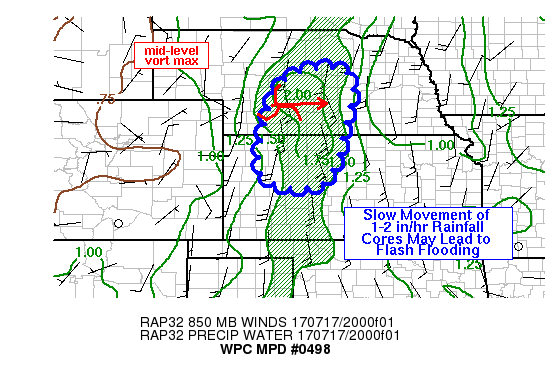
AREAS AFFECTED...S-CNTRL NE INTO NRN/NWRN KS

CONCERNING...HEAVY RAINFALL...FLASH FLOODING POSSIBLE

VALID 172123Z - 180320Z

SUMMARY...TRAINING OF SHOWERS AND THUNDERSTORMS IS EXPECTED TO
LEAD TO AN ELEVATED FLASH FLOOD THREAT FROM S-CNTRL NE INTO
NRN/NWRN KS THROUGH 03Z. RAINFALL RATES OF 1-2 IN/HR ARE LIKELY.

DISCUSSION...OVER THE PAST FEW HOURS...EXPERIMENTAL GOES 16 6.9
MICRON MOISTURE CHANNEL SHOWED A MID-LEVEL VORTICITY MAX SLOWLY
MOVING EAST ACROSS SWRN NEBRASKA. KUEX REFLECTIVITY SHOWED
THUNDERSTORMS HAVE BEEN INCREASING IN COVERAGE AND INTENSITY WITH
RADAR ESTIMATED RAIN RATES BETWEEN 1-2 IN/HR OVER DAWSON COUNTY.
MOVEMENT OF RAINFALL CORES HAS GENERALLY BEEN 10-20 KT TO THE
NORTH. GOES 16 EXPERIMENTAL TOTAL PRECIPITABLE WATER IMAGERY ALSO
INDICATED A NARROW SWATH OF HIGHER MOISTURE...1.6-1.8 INCHES
EXTENDING FROM SOUTH TO NORTH THROUGH WRN KS INTO THE ONGOING
CLUSTER OF THUNDERSTORMS...WHICH WAS IN LINE WITH RAP ANALYSES.
RAP ANALYSES ALSO AGREED WITH AREA VAD WIND PLOTS SHOWING SLIGHTLY
STRONGER SLY 850 MB FLOW...20-25 KT...WITHIN THIS NARROW MOISTURE
AXIS. THIS GIVES CONFIDENCE IN RECENT HRRR FORECASTS SHOWING HEAVY
RAINFALL POTENTIAL THIS EVENING.

SLOW MOVEMENT OF THE MID-LEVEL VORTICITY CENTER TO THE EAST IS
EXPECTED THROUGH 03Z WITH AN INCREASE IN 850 MB WINDS TO ABOUT 40
KT BY 03Z. THE INCREASING LOW LEVEL MOISTURE TRANSPORT INTO THE
SLOW MOVING CLUSTER OF CONVECTION IS EXPECTED TO ALLOW AN
INCREASING THREAT FOR TRAINING AND BACK BUILDING OF STORMS TOWARD
THE SOUTH THROUGH THE REMAINDER OF THE EVENING INTO THE EARLY
OVERNIGHT HOURS. A HEALTHY FIELD OF TCU IS ALREADY PRESENT OVER
PORTIONS OF N-CNTRL TO NWRN KS WHICH MAY BE A PRECURSOR TO
SUBSEQUENT CONVECTION. FLASH FLOOD GUIDANCE IS GENERALLY 2-3
INCHES IN 3 HOURS FROM SRN NE INTO NRN KS WHICH IS EXPECTED TO BE
MET IN A FEW LOCATIONS.